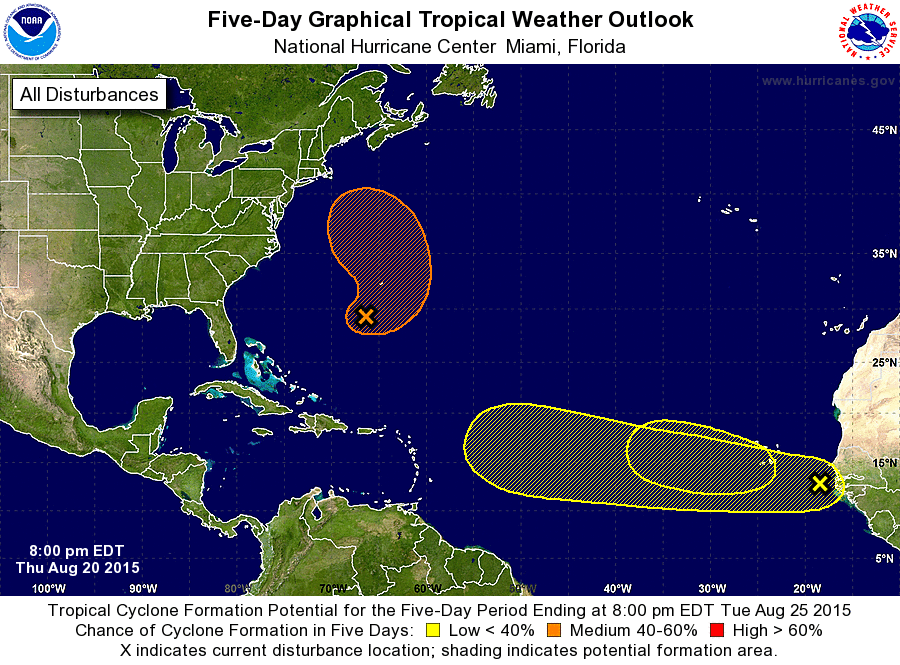
For the North Atlantic...Caribbean Sea and the Gulf of Mexico:

The National Hurricane Center is issuing advisories on Hurricane Danny, located over the central tropical Atlantic about a thousand miles east of the Windward Islands.

1. A broad non-tropical area of low pressure has developed a couple hundred miles southwest of Bermuda. This low is interacting with an upper-level low and is producing an area of showers and thunderstorms which extends to the east and south of Bermuda. Environmental conditions could support some tropical or subtropical development while this system moves slowly northward over the western Atlantic Ocean through the weekend.
* Formation chance through 48 hours...low...20 percent
* Formation chance through 5 days...medium...60 percent

2. A tropical wave located just off of the west coast of Africa is producing disorganized showers and thunderstorms. Environmental conditions are expected to be marginally conducive for some development of this system over the weekend and into early next week while the wave moves westward at 15 to 20 mph over the eastern and central tropical Atlantic.
* Formation chance through 48 hours...low...10 percent
* Formation chance through 5 days...low...30 percent

3. Another tropical wave is expected to move off the west coast of Africa over the weekend. Some development of this system is possible early next week while it moves westward over the eastern tropical Atlantic Ocean.
* Formation chance through 48 hours...low...near 0 percent
* Formation chance through 5 days...low...20 percent

Forecaster Berg